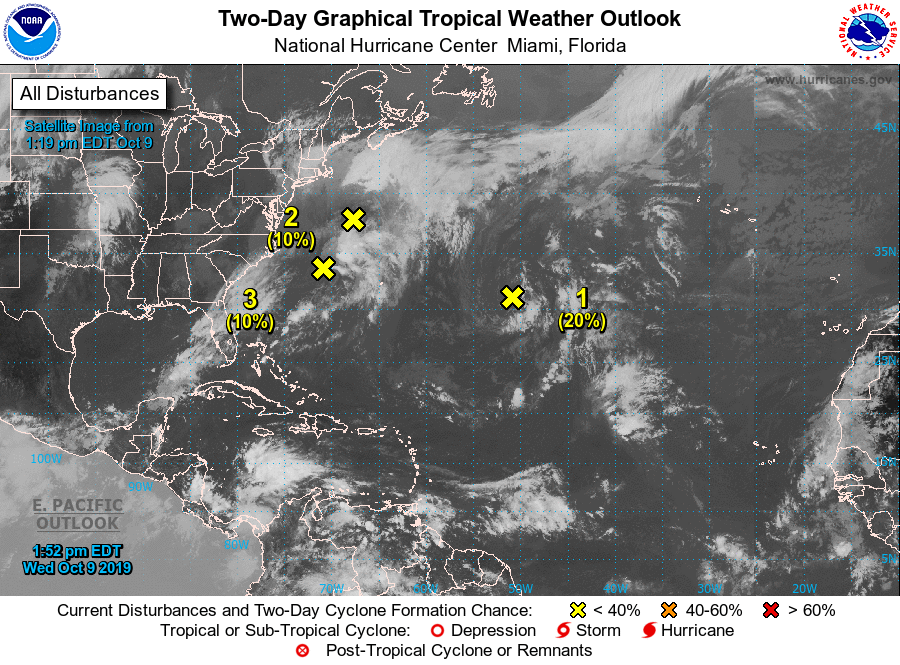
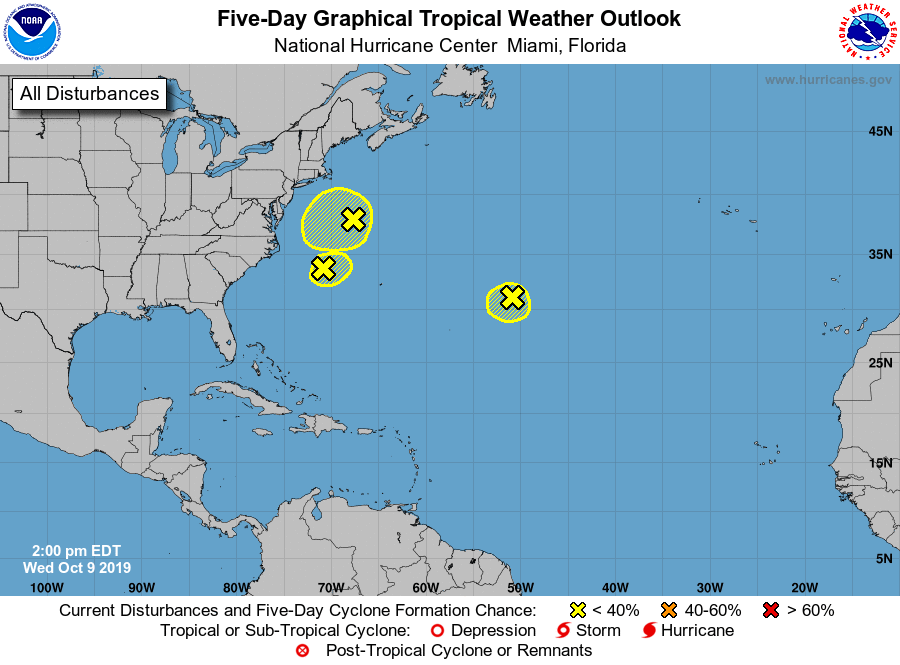
For the North Atlantic...Caribbean Sea and the Gulf of Mexico:

1. A non-tropical low pressure system located several hundred miles east of Bermuda is producing limited shower and thunderstorm activity. Although some limited development is still possible today, upper-level winds are expected to become unfavorable for further development by tonight, and the chance of this system becoming a tropical or subtropical cyclone is decreasing.
* Formation chance through 48 hours...low...20 percent.
* Formation chance through 5 days...low...20 percent.

2. Cloudiness and showers located off the mid-Atlantic coast of the United States are associated with a non-tropical area of low pressure that is producing gale-force winds. This system is forecast to strengthen as a non-tropical low off the east coast of the United States during the next day or so. Environmental conditions are expected to be unfavorable for significant subtropical or tropical cyclone development through the end of the week as it meanders offshore the United States. Regardless of development, this system is expected to bring strong winds, coastal flooding, and rough surf to portions of the mid-Atlantic and northeastern United States coasts through late week. Additional information on this system can also be found in local products and High Seas Forecasts issued by the National Weather Service.
* Formation chance through 48 hours...low...10 percent.
* Formation chance through 5 days...low...20 percent.

3. An elongated area of low pressure located a few hundred miles southeast of Cape Hatteras, North Carolina is becoming poorly defined. Upper level winds remain only marginally favorable for some additional development today. By tonight, the system is forecast to merge with the low off the east coast of the United States.
* Formation chance through 48 hours...low...10 percent.
* Formation chance through 5 days...low...10 percent.

High Seas Forecasts issued by the National Weather Service can be found under AWIPS header NFDHSFAT1, WMO header FZNT01 KWBC, and online at ocean.weather.gov/shtml/NFDHSFAT1.php

Forecaster Latto/McElroy